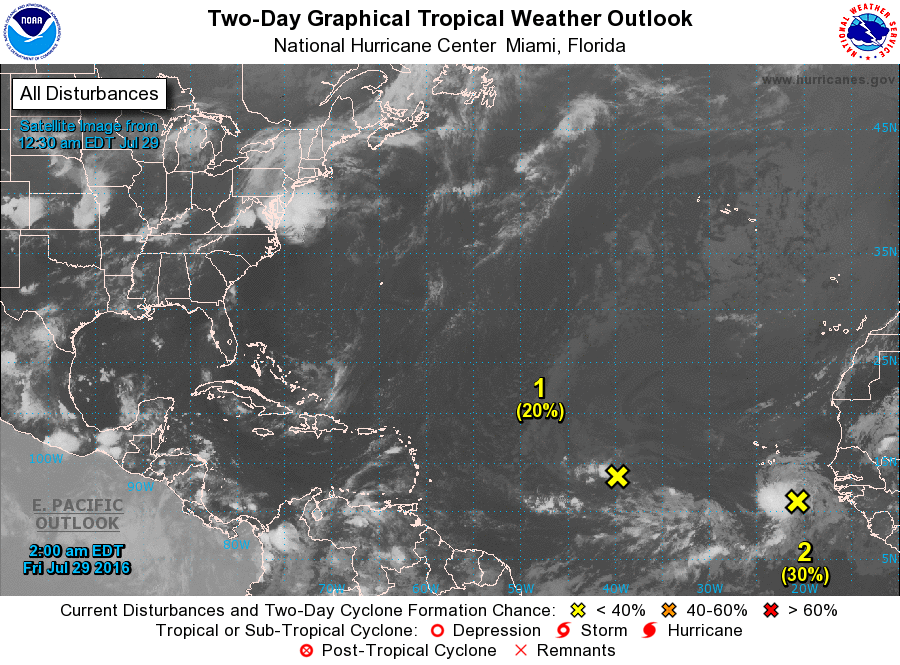
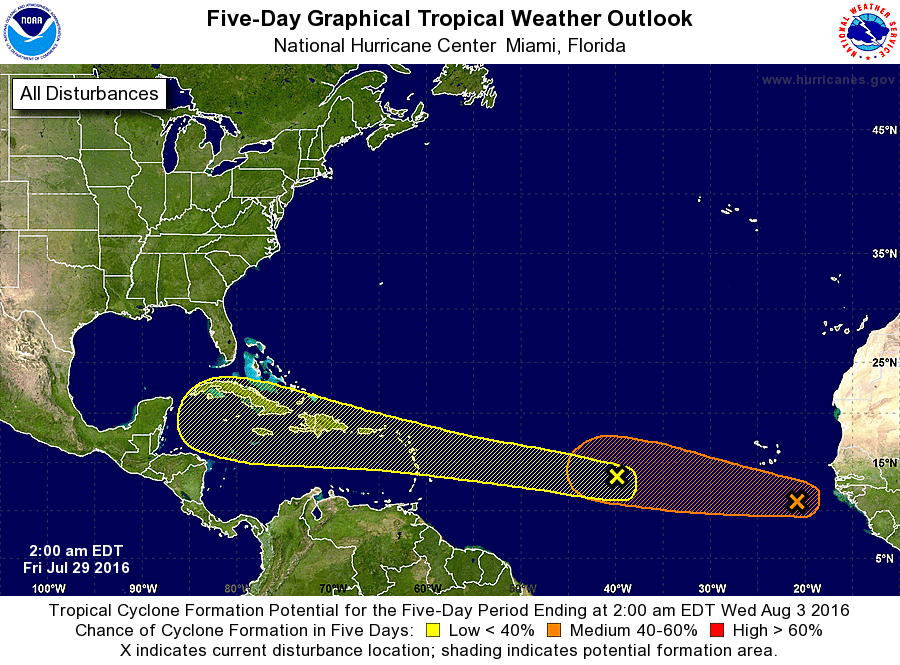
For the North Atlantic...Caribbean Sea and the Gulf of Mexico:

1. A tropical wave located located about 1200 miles east of the Lesser Antilles is moving rapidly westward. Given the fast motion of the system, development, if any, will be slow to occur. However, this system will likely bring showers and gusty winds to portions of the Leeward Islands during the weekend, and then, the activity should spread westward across the Caribbean Sea.
* Formation chance through 48 hours...low...20 percent
* Formation chance through 5 days...low...30 percent

2. Shower activity associated with a tropical wave and a low pressure system centered a couple of hundred miles south-southeast of the Cabo Verde Islands has increased during the past several hours, but the overall organization has changed little. This system has some potential for development during the next day or two, before the disturbance encounters a less favorable environment over the central tropical Atlantic next week.
* Formation chance through 48 hours...low...30 percent
* Formation chance through 5 days...medium...40 percent

Forecaster Avila